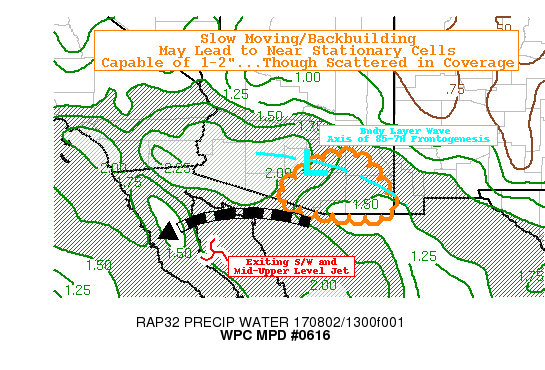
AREAS AFFECTED...SOUTHEAST ARIZONA

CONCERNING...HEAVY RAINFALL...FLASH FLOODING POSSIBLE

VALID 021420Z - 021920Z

SUMMARY...LINGERING UPPER LEVEL TROF...SLOW MOVING CELLS AND ABOVE
AVERAGE MOISTURE POSE FLASH FLOODING RISK AND UPGRADE TO SLIGHT
RISK FOR 15Z EXCESSIVE RAINFALL OUTLOOK.

DISCUSSION...GOES-WEST WV DEPICTS A HIGHLY ELONGATED MID TO UPPER
LEVEL TROF EXTENDING FROM S CA ACROSS S AZ INTO N CHIHUAHUA. ALONG
THE TROF THERE ARE WEAK INDIVIDUAL WAVES.  ONE SUCH WAVE IS
LOCATED OVER NW SONORA WHICH SUPPORTS A WEAK BOUNDARY
LAYER/SURFACE WAVE OVER THE SANTA CRUZ FLATS.  THE INCREASED
CURVATURE SUPPORTS LOCALIZED INCREASED ESELY FLOW SUPPORTING
MODEST MOISTURE CONVERGENCE ACROSS S PINAL MOUNTAINS TOWARD SANTA
CATALINA RANGE AROUND TUS.  RAP ANALYSIS FIELDS EVEN SUGGEST A FEW
UNITS OF 85-7H FRONTOGENETIC FORCING WITHIN THIS BAND.
ADDITIONALLY...MOISTURE IS POOLED ALONG THE LOW LEVEL TROF WITH
1.8" TPWS NOTED IN 12Z TUS RAOB AND AS MUCH AS 1.5" AS FAR WEST AS
EPZ.  GIVEN MOISTURE PROFILE THERE IS MODEST CONCERN FOR EFFICIENT
RAINFALL RATES UP TO 1.5"/HR .

RECENT EARLY MORNING VISIBLE/IR SUGGEST INCREASING LOW LEVEL
CU/TCU WITH A FEW CBS AT LOCATIONS OF BEST MST CONVERGENCE.  WEAK
OVERALL FLOW TOWARD THE ENE COUNTER BALANCED BY 5-10KTS OF SE
PROPAGATION VECTORS SUGGEST NEAR STATIONARY/VERY SLOW MOVING CELLS
ALLOWING FOR COMPOUNDED TOTALS WITH 1-2" TOTALS POSSIBLE BEFORE
MODEST INSTABILITY IS EXHAUSTED.

WITH TIME AND SOLAR INSOLATION WILL INCREASE INSTABILITY FURTHER
SOUTH.  THIS COMBINED WITH FORCING FROM SLOW SOUTH/SSE MOTION OF
THE WEAK LOW LEVEL INFLECTION IS EXPECTED TO OCCUR SUBSEQUENTLY
INCREASING THREAT FOR SIMILAR SLOW MOVING ACROSS PIMA/SANTA CRUZ
AND COCHISE COUNTIES TOWARD 17-19Z.  STILL CONVECTION SHOULD BE
RELATIVELY SCATTERED WITH MODERATE TO SMALL UPDRAFT/DOWNDRAFT
CORES...LIMITING THE OVERALL AREAL THREAT TO ISOLATED LOCALS.
STILL WITH THE HIGHER THAN EXPECTED MOISTURE PER SOUNDING AND
FORCING...WPC WILL BE UPGRADING THE THREAT OF EXCESSIVE RAINFALL
TO SLIGHT RISK WITH THE 15Z ISSUANCE ACROSS SE AZ.